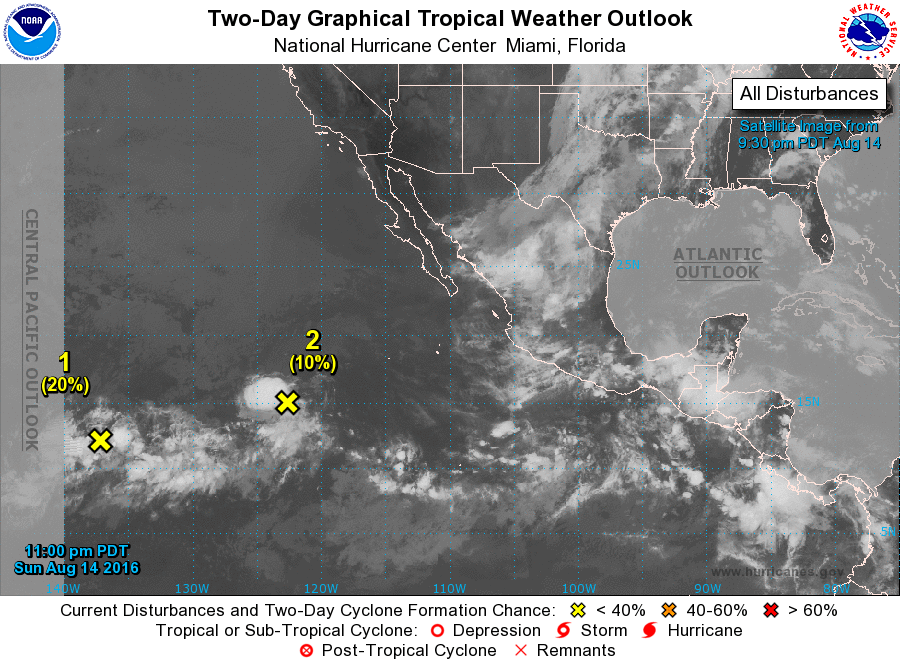
For the eastern North Pacific...east of 140 degrees west longitude:

1. An area of disturbed weather is located about 1250 miles east-southeast of the Hawaiian Islands. This system is moving westward at about 10 mph, and is expected to move into the Central Pacific basin on Monday. Development, if any, of this system should be slow to occur during the next several days.
* Formation chance through 48 hours...low...20 percent
* Formation chance through 5 days...low...30 percent

2. A trough of low pressure located a little more than 1000 miles southwest of the southern tip of the Baja California peninsula continues to produce disorganized showers and thunderstorms. Environmental conditions are expected to become less conducive for development during the next couple of days while the disturbance moves generally westward.
* Formation chance through 48 hours...low...10 percent
* Formation chance through 5 days...low...10 percent

Forecaster Brown